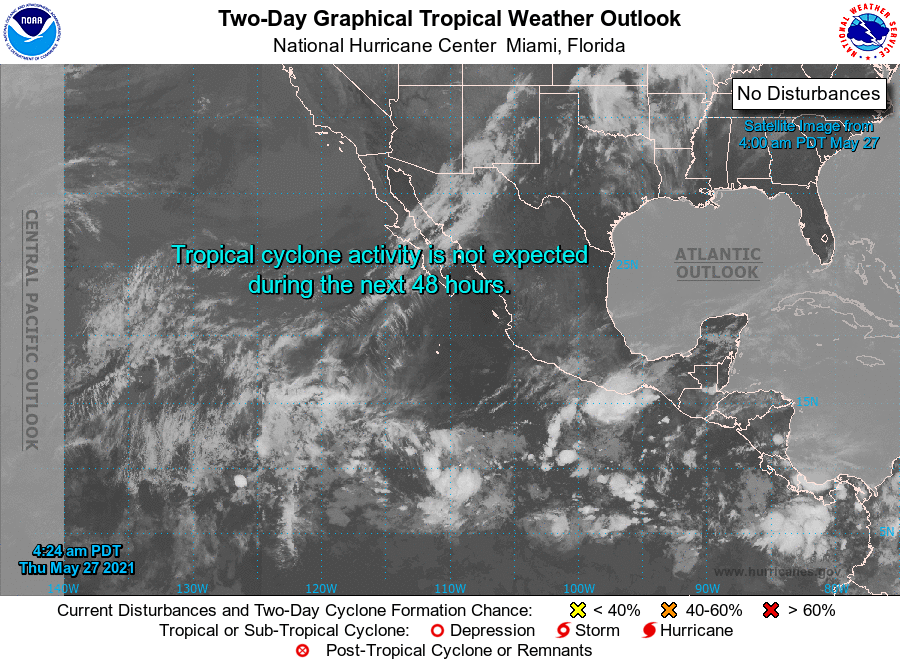
For the eastern North Pacific...east of 140 degrees west longitude:

1. An area of low pressure is expected to form several hundred miles south of the coast of southeastern Mexico by this weekend. Environmental conditions appear favorable for some gradual development of this system as it moves generally westward at 5 to 10 mph.
* Formation chance through 48 hours...low...near 0 percent.
* Formation chance through 5 days...low...30 percent.

2. Another area of low pressure could form about a thousand miles south of the southern tip of the Baja California peninsula in a couple of days. However, environmental conditions appear only marginally conducive for any development as the system moves westward to west-northwestward at 5 to 10 mph.
* Formation chance through 48 hours...low...near 0 percent.
* Formation chance through 5 days...low...10 percent.

Forecaster Berg